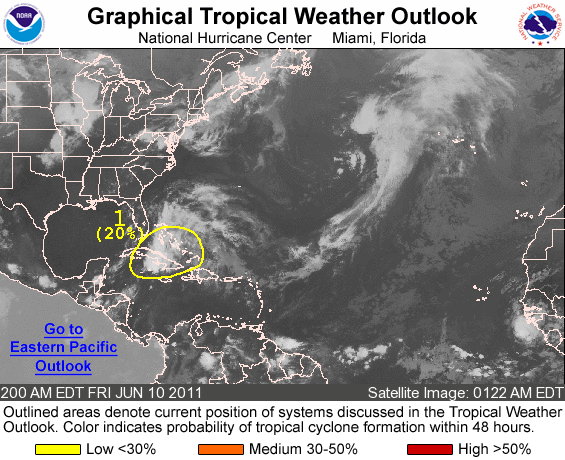
FOR THE NORTH ATLANTIC...CARIBBEAN SEA AND THE GULF OF MEXICO...

1. CLOUDINESS AND SHOWERS EXTENDING FROM THE NORTHWESTERN CARIBBEAN SEA ACROSS CUBA AND HISPANIOLA INTO THE BAHAMAS ARE ASSOCIATED WITH A ELONGATED AREA OF SURFACE LOW PRESSURE INTERACTING WITH A LARGE UPPER-LEVEL TROUGH. THIS SYSTEM IS EXPECTED TO MOVE SLOWLY NORTH-NORTHEASTWARD OR NORTHWARD DURING THE NEXT COUPLE OF DAYS... AND SIGNIFICANT DEVELOPMENT APPEARS UNLIKELY DUE TO STRONG UPPER-LEVEL WINDS. THERE IS A LOW CHANCE...20 PERCENT...OF THIS SYSTEM BECOMING A TROPICAL OR SUBTROPICAL CYCLONE DURING THE NEXT 48 HOURS.

ELSEWHERE...TROPICAL CYCLONE FORMATION IS NOT EXPECTED DURING THE NEXT 48 HOURS.

FORECASTER BEVEN